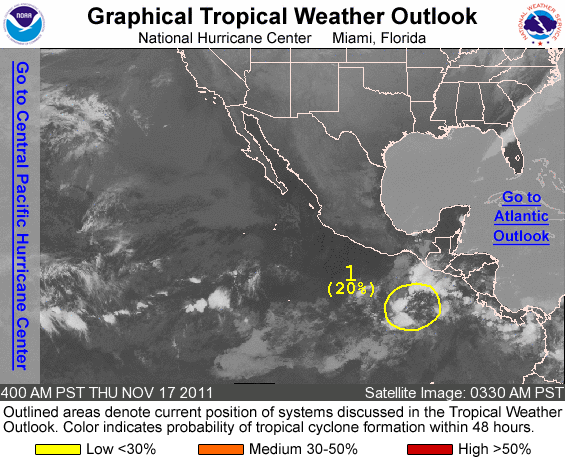
FOR THE EASTERN NORTH PACIFIC...EAST OF 140 DEGREES WEST LONGITUDE..

1. SHOWERS AND THUNDERSTORMS REMAIN DISORGANIZED IN ASSOCIATION WITH A BROAD AREA OF LOW PRESSURE LOCATED ABOUT 400 MILES SOUTH OF THE BORDER OF GUATEMALA AND MEXICO. ENVIRONMENTAL CONDITIONS APPEAR CONDUCIVE FOR GRADUAL DEVELOPMENT OF THIS LOW DURING THE NEXT FEW DAYS AS IT MOVES WESTWARD AT 10 TO 15 MPH. THIS SYSTEM HAS A LOW CHANCE...20 PERCENT...OF BECOMING A TROPICAL CYCLONE DURING THE NEXT 48 HOURS.

ELSEWHERE...TROPICAL CYCLONE FORMATION IS NOT EXPECTED DURING THE NEXT 48 HOURS.

FORECASTER CANGIALOSI